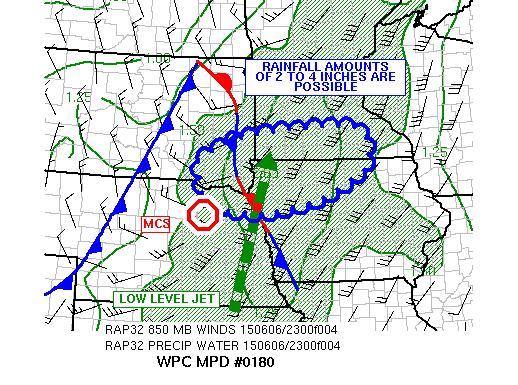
AREAS AFFECTED......NORTHEAST NE/SOUTHEAST SD/SOUTHERN MN/NORTHERN
IA...

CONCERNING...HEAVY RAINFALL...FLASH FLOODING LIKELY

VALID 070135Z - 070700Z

SUMMARY...THE DEVELOPING MCS OVER NORTHEAST NE TRACKS ACROSS
SOUTHEAST SD...SOUTHERN MN AND NORTHERN IA THROUGH 06Z...PRODUCING
FLASH FLOODING.

DISCUSSION...THE IR LOOP SHOWED RAPIDLY COOLING TOPS OVER
NORTHEAST NE...WITH CLOUD TOP TEMPERATURES NEAR -70 C. CONVECTION
WITH THE ORGANIZING MCS HAS EXPANDED GREATLY IN THE PAST HOUR...AS
A 30 TO 40 KNOT LOW LEVEL JET (PER REGIONAL VWP) CONTINUES TO
TRANSPORT 1.75+ PRECIPITABLE WATER AIR IN THE DEVELOPING COMPLEX.
AS MENTIONED EARLIER BY SAB...SATELLITE DERIVED RAINFALL RATES OF
2.00 TO 2.50 INCHES HAVE BE SEEN. KFSD RADAR HAD HOURLY RATES NEAR
2 INCHES AS WELL ACROSS NORTHEAST NE...BUT GIVEN THE HIGH CAPE
VALUES AND DRY AIR IN THE MID LEVELS... THE RADAR ESTIMATES COULD
BE HAIL CONTAMINATED.

THE MCS SHOULD CONTINUE TO STRENGTHEN THIS EVENING IN RESPONSE TO
THE STRONG LOW LEVEL JET AS IT TRACKS ACROSS SOUTHEAST SD...
SOUTHERN MN AND NORTHERN IA. DURING THIS TIME...INDIVIDUAL SEVERE
CELLS IN THE MCS COULD TURN RIGHT AND SLOW...INCREASING THE
POTENTIAL FOR FLASH FLOODING. IN ADDITION...TRAINING OF CELLS AS
THE MCS TRACKS NORTHEAST SHOULD RESULT IN FLASH FLOODING. THERE IS
A MULTI HIGH RESOLUTION MODEL SIGNAL FOR HEAVY RAINFALL WITH THE
MCS...MAINLY ACROSS SOUTHWEST MN AND NORTHERN IA THROUGH 06Z.

RAINFALL AMOUNTS OF 2 TO 4 INCHES ARE POSSIBLE ALONG THE TRACK OF
THE MCS...AND THE 12Z NSSL WRF SUGGEST LOCAL 6 INCH AMOUNTS ARE
POSSIBLE. FLASH FLOODING IS CONSIDERED LIKELY IN THIS
SCENARIO...WHICH IS SUPPORTED BY THE 18Z SSEO NEIGHBORHOOD
PROBABILITIES EXCEEDING 70 PERCENT OVER SOUTHWEST MN AND NORTHWEST
IA.